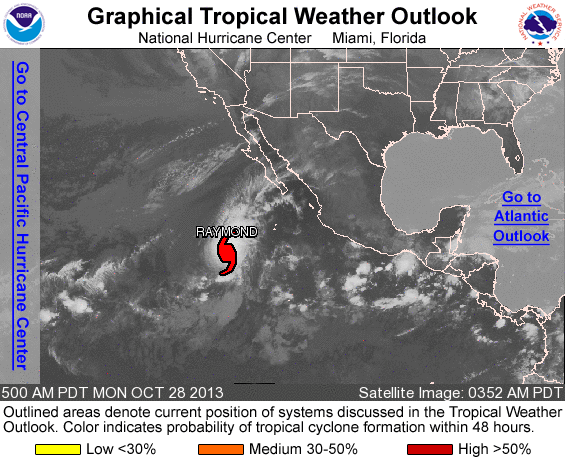
FOR THE EASTERN NORTH PACIFIC...EAST OF 140 DEGREES WEST LONGITUDE..

THE NATIONAL HURRICANE CENTER IS ISSUING ADVISORIES ON HURRICANE RAYMOND...LOCATED SEVERAL HUNDRED MILES SOUTHWEST OF THE SOUTHERN TIP OF THE BAJA CALIFORNIA PENINSULA.

TROPICAL CYCLONE FORMATION IS NOT EXPECTED DURING THE NEXT 48 HOURS.

OTHER SYSTEMS WITH FORMATION POTENTIAL BEYOND 48 HOURS...

AN AREA OF LOW PRESSURE COULD FORM SEVERAL HUNDRED MILES SOUTHWEST OF THE COAST OF MEXICO IN A COUPLE OF DAYS. ENVIRONMENTAL CONDITIONS ARE EXPECTED TO BE MARGINALLY CONDUCIVE FOR SOME DEVELOPMENT LATER THIS WEEK WHILE THE DISTURBANCE MOVES WEST-NORTHWESTWARD OR NORTHWESTWARD AT 5 TO 10 MPH. THIS SYSTEM HAS A LOW CHANCE...NEAR 0 PERCENT...OF BECOMING A TROPICAL CYCLONE DURING THE NEXT 48 HOURS...AND A MEDIUM CHANCE...30 PERCENT...OF BECOMING A TROPICAL CYCLONE DURING THE NEXT 5 DAYS.

&&
FIVE-DAY FORMATION PROBABILITIES ARE EXPERIMENTAL IN 2013. COMMENTS ON THE EXPERIMENTAL FORECASTS CAN BE PROVIDED AT...

HTTP://WWW.NWS.NOAA.GOV/SURVEY/NWS-SURVEY.PHP?CODE=ETWO

FORECASTER BROWN